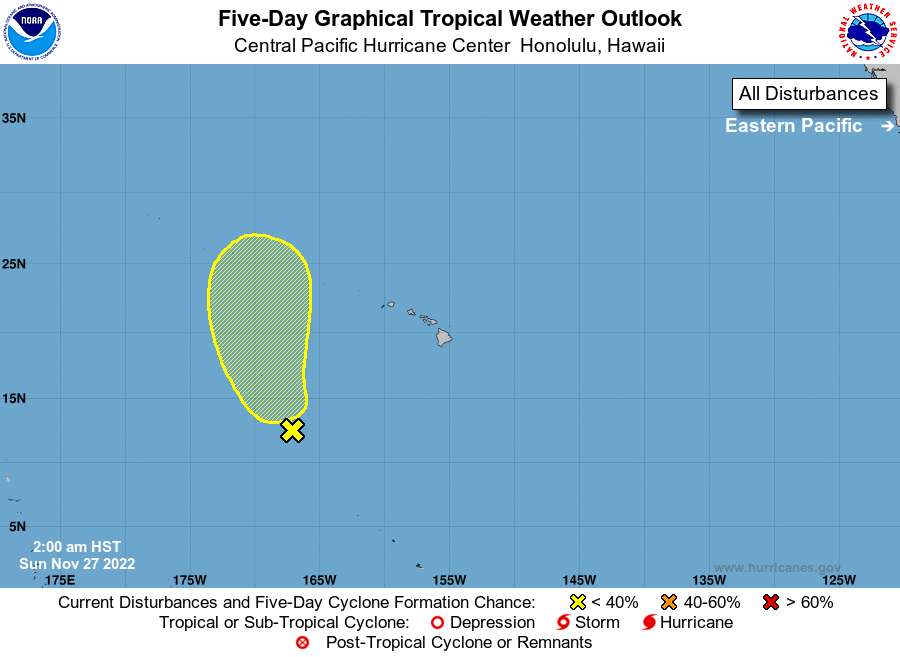
For the central North Pacific...between 140W and 180W:

1. Showers and isolated thunderstorms associated with a weak surface trough located about 870 miles southwest of Honolulu, Hawaii remain disorganized early this morning. An area of low pressure could form along the trough during the next day or two, with some slow development possible later this week as it moves slowly northward.
* Formation chance through 48 hours...low...10 percent
* Formation chance through 5 days...low...20 percent

Elsewhere, no tropical cyclones are expected during the next 5 days.

The central North Pacific hurricane season officially ends on November 30. The final Tropical Weather Outlook of the season will be issued at 8 PM HST on November 30. Routine issuance of the Tropical Weather Outlook will resume on June 1, 2023. During the off-season, Tropical Weather Outlooks will be issued if conditions warrant.

Forecaster Houston